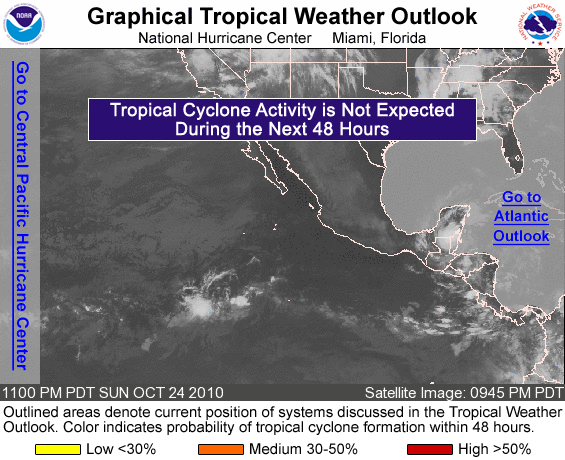
FOR THE EASTERN NORTH PACIFIC...EAST OF 140 DEGREES WEST LONGITUDE..

TROPICAL CYCLONE FORMATION IS NOT EXPECTED DURING THE NEXT 48 HOURS.

FORECASTER CANGIALOSI/STEWART